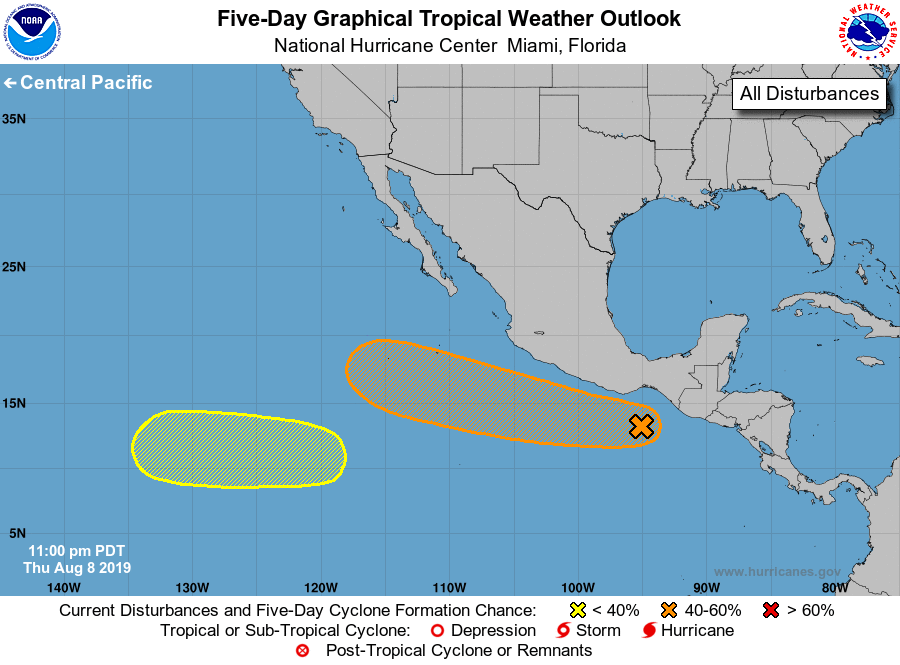
For the eastern North Pacific...east of 140 degrees west longitude:

1. The area of cloudiness and thunderstorms previously located south of Central America has moved westward and is now over the Gulf of Tehuantepec. A low pressure area is forecast to form within this area of disturbed weather a few hundred miles south or southwest of the southern coast of Mexico by this weekend. Conditions are still somewhat favorable for a tropical depression to form by early next week while the system moves west-northwestward at 10 to 15 mph, offshore of the southwestern coast of Mexico.
* Formation chance through 48 hours...low...10 percent.
* Formation chance through 5 days...medium...50 percent.

2. An area of low pressure is forecast to develop several hundred miles southwest of the southern tip of the Baja California peninsula by early next week. Environmental conditions are expected to gradually become more conducive for development through the middle of next week while the system moves generally westward at 10 to 15 mph.
* Formation chance through 48 hours...low...near 0 percent.
* Formation chance through 5 days...low...20 percent.

Forecaster Avila